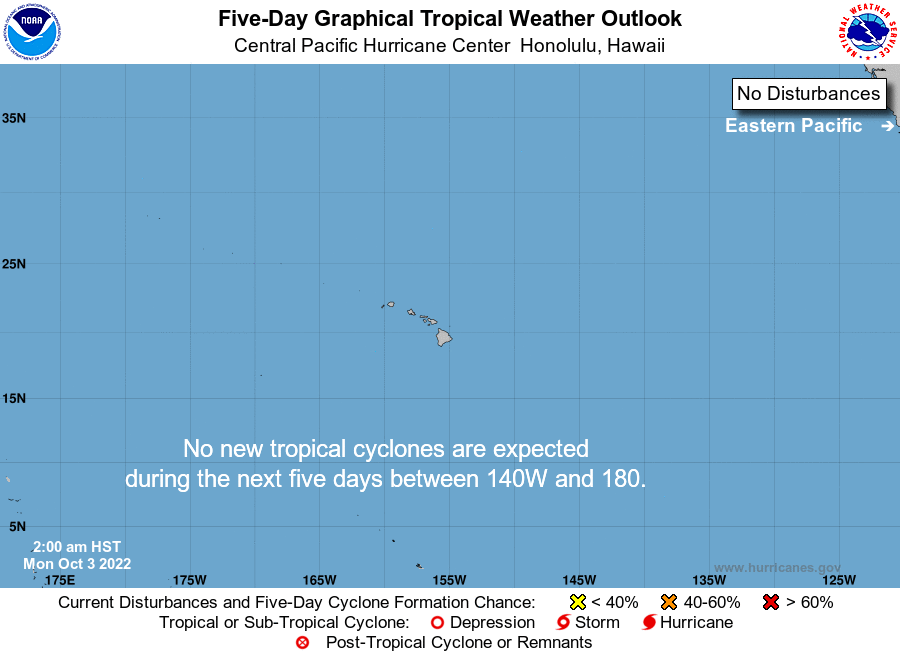
For the central North Pacific...between 140W and 180W:

No tropical cyclones are expected during the next 5 days.

Forecaster Blood